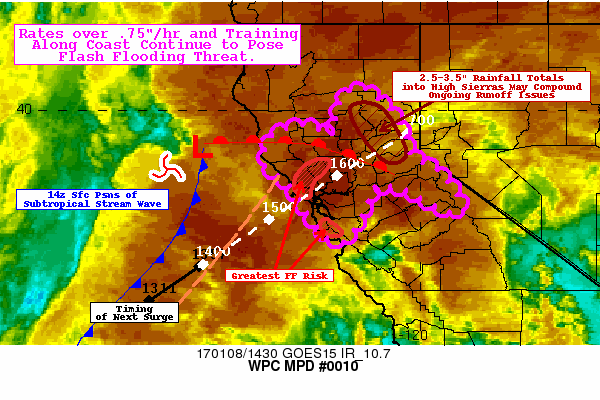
AREAS AFFECTED...CENTRAL CALIFORNIA

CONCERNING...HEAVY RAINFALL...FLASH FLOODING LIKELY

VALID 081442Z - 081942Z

SUMMARY...INCREASING RAIN RATES WITHIN WARM SECTOR BEFORE COLD
FRONT STARTS SHIFTING THROUGH BY 18-20Z.

DISCUSSION...89GHZ MOSAIC FROM AMSU/SSMIS MICROWAVE SENSORS
DENOTED A WNW TO ESE BAND OF ENHANCED CONVECTION LIFTING NORTH
ACROSS CENTRAL CALIFORNIA THIS MORNING AND LOCAL RADAR MOSAIC
ALONG WITH RAPID SCAN GOES-W IR/WV LOOP SUPPORTS THIS FROM STS TO
MHR CONCURRENT WITH ENHANCED DEEPER CONVECTIVE SHOWERS.  THIS HAS
SUPPORTED INCREASED RATES SEEN IN NWS MESONET OBSERVATIONS AROUND
.5"/HR WITH SOME ISOLATED VALUES UP TO .9" IN SW FACING OROGRAPHY
IN SONOMA COUNTY.  RADAR ALSO INDICATES ENHANCING
SHOWERS/CONVECTIVE ELEMENTS ALONG A PRE-FRONTAL BOUNDARY THAT
EXTENDS SW FROM MARIN/SONOMA COUNTY. HI-RES WRF-ARW SEEMS TO HAVE
THE BEST REPRESENTATION OF THE CURRENT SETUP THOUGH IS A BIT TOO
FAR WEST WITH THIS PRE-FRONTAL BAND. THIS WILL LEAVE THE FOCUS OF
PERSISTENT/TRAINING SHOWERS OVER MARIN/SONOMA COUNTIES (2-3"
POSSIBLE) CONTINUING INTO THE VALLEY ALONG THE YOLO/SUTTER/YUBA
LINE THOUGH WITH REDUCED RATES (TOTALS 1-2") GIVEN THE LOWEST
LEVELS WERE SCOURED BY THE COASTAL OROGRAPHY REDUCING RAINFALL
EFFICIENCY.

WV/IR LOOP INDICATES A WEAK SPEED MAX/SHORTWAVE RIDGING LIFTING
NORTH CURRENTLY THROUGH N CA...SUPPORTING INCREASED DIVERGENCE
ALOFT AND COOLING TOPS ALONG THE COAST.  THIS IS SIMILAR
ENHANCEMENT THAT CAN BE SEEN FURTHER SW ALONG THE SUBTROPICAL
MOISTURE STREAM THAT SUGGESTS CONTINUED OR EVEN SLIGHTLY INCREASED
SHOWERS THAT WILL ADVANCE NORTHWARD TOWARD THE MOUTH OF THE SAN
FRAN BAY AREA TIMED AROUND THE 1530-1600 TIME FRAME.  ARW/HRRR
SUGGESTS INCREASED INSTABILITY VALUES EXCEEDING 250 J/KG
CONCURRENT WITH THE NARROW 1.5" TPW PLUME ADVECTED ON 50+ KTS OF
SWLY 850MB FLOW... LIKELY TO AFFECT THE SANTA CRUZ RANGE THAT WAS
ALREADY AFFECTED THIS MORNING WITH 2-4" TOTALS...CONTINUING TO
POSE ADDITIONAL FLASH FLOODING THREAT THERE AS WELL WITH AN
ADDITIONAL 1-2" EXPECTED THROUGH 20Z.

ACROSS THE SACRAMENTO VALLEY INTO THE NORTHERN SIERRAS...THE WARM
FRONT WILL CONTINUE TO LIFT NORTHWARD OVER THE NEXT FEW HOURS
LEADING TO SLIGHTLY VEERED LOWER LEVEL FLOW SUPPORTING NEARLY
ORTHOGONAL MST TRANSPORT.  TPWS LIKELY OVER 1.0" WITHIN THE
850-700MB LAYER ON INCREASING FLOW FROM 45KTS TO 60+KTS SUPPORTS
STRONG OROGRAPHIC ASCENT WITH RAIN RATES EXCEEDING .5"/HR.  THE
STRONG WAA WILL CONTINUE TO SUPPORT RISING FREEZING LEVELS OVER
10000 FT SUPPORT RAINFALL TOTALS OF 2.5-3.5" CENTERED ON
BUTTE/PLUMAS INTO SIERRA AND NEVADA COUNTIES.